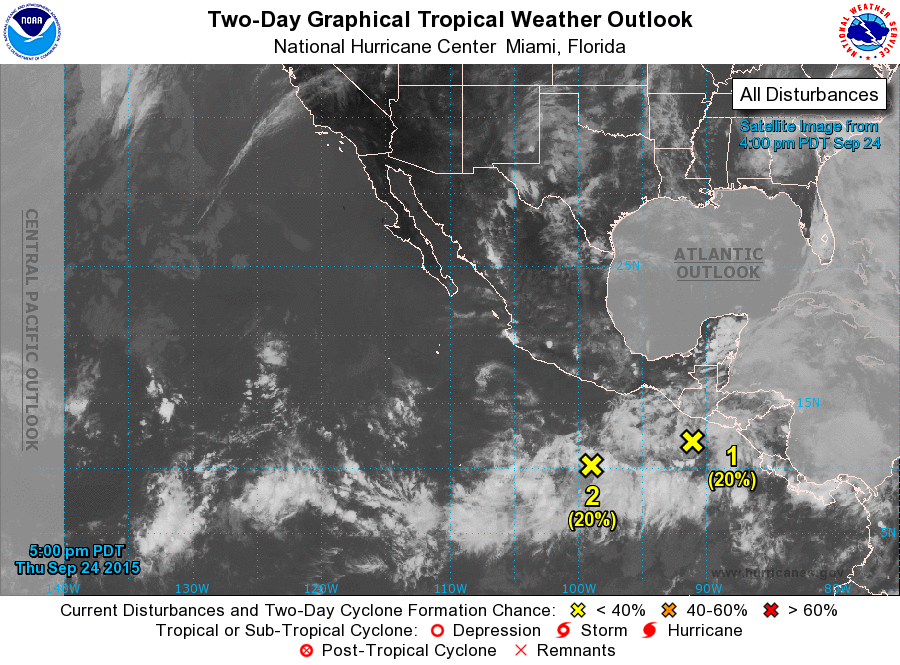
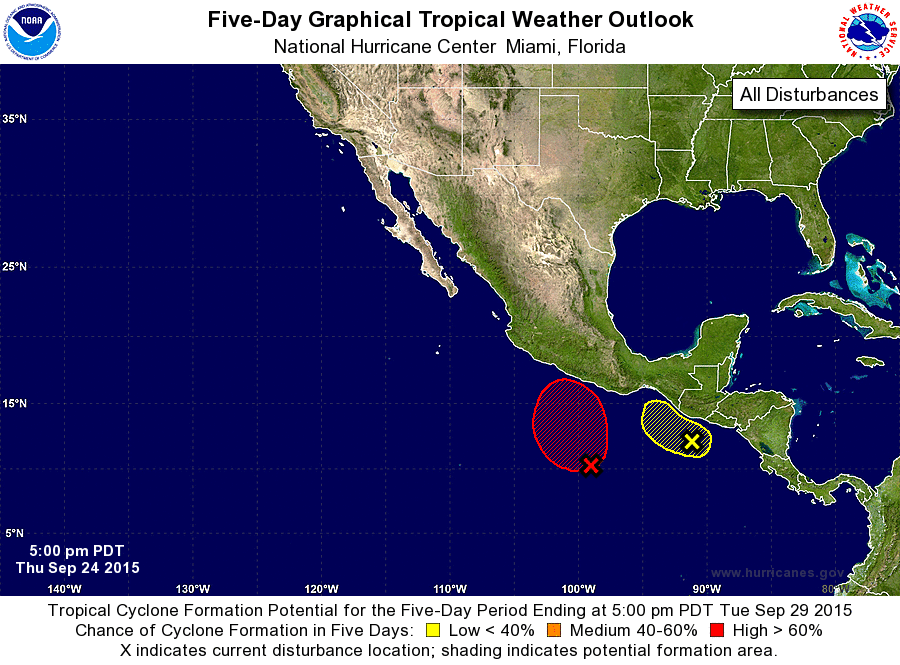
For the eastern North Pacific...east of 140 degrees west longitude:

1. A broad area of low pressure located south of the coast of Guatemala is producing disorganized cloudiness and shower activity. Any development of this system is expected to be limited during the next few days while it moves slowly northward or northwestward due to potential interaction with land and a developing disturbance located to the southwest. Regardless of tropical cyclone development, this system could produce heavy rainfall over portions of El Salvador, southern Guatemala, and southeastern Mexico during the next few days.
* Formation chance through 48 hours...low...20 percent
* Formation chance through 5 days...low...20 percent

2. A low pressure system is expected to form later this week within a large area of disorganized cloudiness and thunderstorms located several hundred miles south-southwest of the Gulf of Tehuantepec. This low is likely to develop into a tropical depression by early next week several hundred miles south or south-southwest of Acapulco, and move northward or northeastward toward the southern coast of Mexico. Interests in that region should monitor the progress of this disturbance during the next several days.
* Formation chance through 48 hours...low...20 percent
* Formation chance through 5 days...high...80 percent

Forecaster Brennan